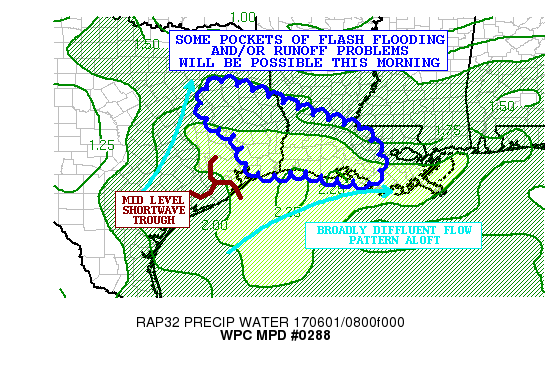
AREAS AFFECTED...EASTERN TX...SOUTHERN LA

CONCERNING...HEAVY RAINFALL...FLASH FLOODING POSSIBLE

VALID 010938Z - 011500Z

SUMMARY...SEVERAL CLUSTERS OF SLOW-MOVING THUNDERSTORMS WILL
LIKELY RESULT IN SOME VERY HEAVY RAINFALL TOTALS. SOME FLASH
FLOODING AND/OR RUNOFF PROBLEMS WILL BE POSSIBLE.

DISCUSSION...RADAR IMAGERY HAS BEEN SHOWING A GRADUAL INCREASE IN
THE COVERAGE OF GENERALLY DISORGANIZED CLUSTERS OF SHOWERS AND
THUNDERSTORMS OVER SOUTHEAST TX AND SOUTHERN LA. HOWEVER...SOME OF
THE ACTIVITY IS VERY SLOW MOVING AND IS EMBEDDED WITHIN A VERY
MOIST COLUMN WITH PWATS OF 1.8 TO 2 INCHES AS PER GPS-DERIVED
DATA. SUPPORT FOR THE CONVECTION THIS MORNING APPEARS TO BE HIGHLY
TIED INTO THE STRONGLY DIFFLUENT UPPER AIR PATTERN OVER THE
WESTERN/CENTRAL GULF COAST REGION WITH THE APPROACH OF AN UPSTREAM
SHORTWAVE OVER SOUTHEAST TX AND ALSO PLACEMENT GENERALLY WITHIN
THE RIGHT-ENTRANCE REGION OF A WEAK SOUTHERN STREAM 250 MB JET
MAX. THE AIRMASS IS QUITE MOIST AND AT LEAST MODESTLY UNSTABLE.
SOME WEAK LOW LEVEL SPEED CONVERGENCE IS NOTED AS WELL WHICH
APPEARS TO BE AIDING THE CONVECTIVE EXPANSION OVER THE LAST COUPLE
OF HOURS.

THE LAST FEW RUNS OF THE HRRR HAVE BEEN QUITE AGGRESSIVE IN
BRINGING HEAVY RAINFALL THIS MORNING TO PARTS OF EASTERN TX AND
SOUTHERN LA...WITH FORECASTS OF AS MUCH AS 3 TO 5 INCHES THROUGH
MID-MORNING. THESE HIGHER TOTALS ARE LIKELY TO BE RATHER
LOCALIZED...BUT SOME RUNOFF PROBLEMS AND/OR FLASH FLOODING WILL BE
POSSIBLE.